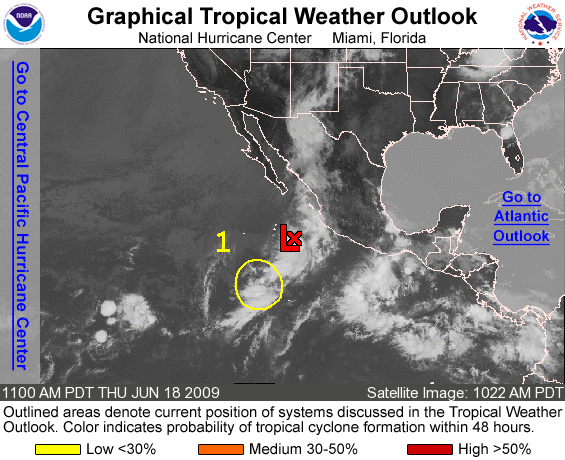
FOR THE EASTERN NORTH PACIFIC...EAST OF 140 DEGREES WEST LONGITUDE..

THE NATIONAL HURRICANE CENTER IS ISSUING ADVISORIES ON NEWLY-FORMED TROPICAL DEPRESSION ONE-E...LOCATED ABOUT 400 MILES SOUTH-SOUTHWEST OF MAZATLAN MEXICO.

1. SHOWERS AND THUNDERSTORMS ASSOCIATED WITH A BROAD AREA OF LOW PRESSURE LOCATED ABOUT 800 MILES SOUTHWEST OF MANZANILLO MEXICO HAVE BECOME DISORGANIZED. DEVELOPMENT OF THIS SYSTEM IS NOT LIKELY AS IT MOVES SLOWLY NORTHWARD OR NORTHEASTWARD. THERE IS A LOW CHANCE...LESS THAN 30 PERCENT...OF THIS SYSTEM BECOMING A TROPICAL CYCLONE DURING THE NEXT 48 HOURS.

ELSEWHERE...TROPICAL CYCLONE FORMATION IS NOT EXPECTED DURING THE NEXT 48 HOURS.

PUBLIC ADVISORIES ON TROPICAL DEPRESSION ONE-E ARE ISSUED UNDER WMO HEADER WTPZ31 KNHC AND UNDER AWIPS HEADER MIATCPEP1. FORECAST/ADVISORIES ON TROPICAL DEPRESSION ONE-E ARE ISSUED UNDER WMO HEADER WTPZ21 KNHC AND UNDER AWIPS HEADER MIATCMEP1.

FORECASTER BRENNAN/BERG